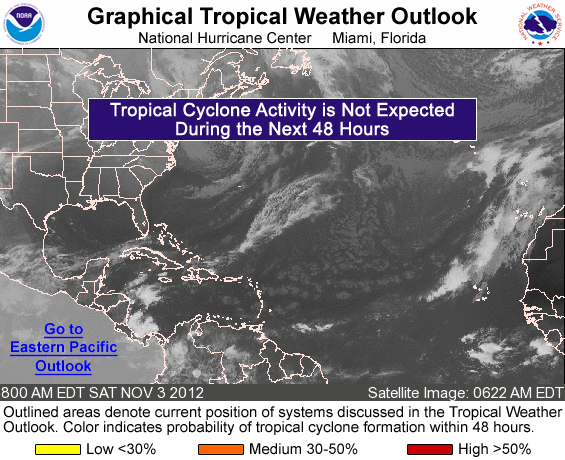
FOR THE NORTH ATLANTIC...CARIBBEAN SEA AND THE GULF OF MEXICO...

TROPICAL CYCLONE FORMATION IS NOT EXPECTED DURING THE NEXT 48 HOURS.

FORECASTER BLAKE